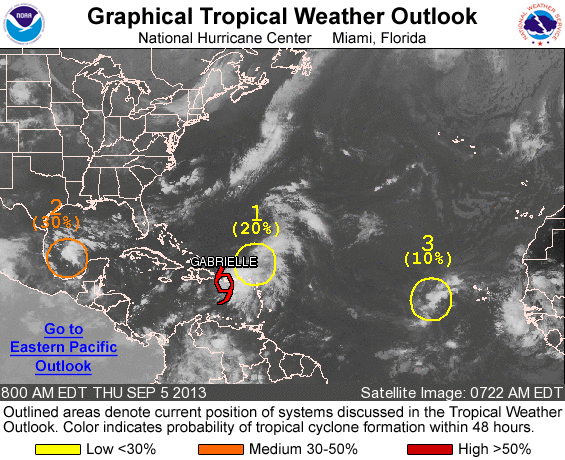
FOR THE NORTH ATLANTIC...CARIBBEAN SEA AND THE GULF OF MEXICO...

THE NATIONAL HURRICANE CENTER IS ISSUING ADVISORIES ON TROPICAL STORM GABRIELLE...LOCATED SOUTHWEST OF PUERTO RICO.

1. A LARGE AREA OF DISORGANIZED SHOWERS AND THUNDERSTORMS...ASSOCIATED WITH A SURFACE TROUGH...EXTENDS FROM THE NORTHEAST LEEWARD ISLANDS NORTHEASTWARD OVER THE ATLANTIC WATERS FOR SEVERAL HUNDRED MILES. ANY DEVELOPMENT OF THIS SYSTEM IS EXPECTED TO BE SLOW DUE TO ITS PROXIMITY TO TROPICAL STORM GABRIELLE AND STRONG UPPER-LEVEL WINDS. THIS SYSTEM HAS A LOW CHANCE...20 PERCENT...OF BECOMING A TROPICAL CYCLONE DURING THE NEXT 48 HOURS AS IT MOVES NORTHWESTWARD AT 10 TO 15 MPH. DEVELOPMENT IS NOT EXPECTED AFTER 48 HOURS...AND THIS SYSTEM HAS A LOW CHANCE...20 PERCENT...OF BECOMING A TROPICAL CYCLONE DURING THE NEXT 5 DAYS.

2. CLOUDINESS AND SHOWERS OVER THE SOUTHWESTERN GULF OF MEXICO HAVE INCREASED IN ASSOCIATION WITH A TROUGH OF LOW PRESSURE. FURTHER DEVELOPMENT OF THIS SYSTEM IS POSSIBLE BEFORE IT MOVES INLAND ALONG THE COAST OF MAINLAND MEXICO ON FRIDAY. THIS SYSTEM HAS A MEDIUM CHANCE...30 PERCENT...OF BECOMING A TROPICAL CYCLONE DURING THE NEXT 48 HOURS...AND A MEDIUM CHANCE...30 PERCENT...OF BECOMING A TROPICAL CYCLONE DURING THE NEXT 5 DAYS.

3. SHOWERS AND THUNDERSTORMS ASSOCIATED WITH A TROPICAL WAVE LOCATED ABOUT 450 MILES WEST-SOUTHWEST OF THE CAPE VERDE ISLANDS ARE SHOWING SOME SIGNS OF ORGANIZATION. HOWEVER...FURTHER DEVELOPMENT...IF ANY...IS EXPECTED TO BE LIMITED DUE TO DRY AIR...AND ENVIRONMENTAL CONDITIONS ARE FORECAST TO BECOME VERY UNFAVORABLE IN A COUPLE OF DAYS. THIS SYSTEM HAS A LOW CHANCE... 10 PERCENT...OF BECOMING A TROPICAL CYCLONE DURING THE NEXT 48 HOURS...AND A LOW CHANCE...10 PERCENT...OF BECOMING A TROPICAL CYCLONE DURING THE NEXT 5 DAYS WHILE IT MOVES TO THE WEST-NORTHWEST AT ABOUT 10 MPH.

OTHER SYSTEMS WITH FORMATION POTENTIAL BEYOND 48 HOURS...

A TROPICAL WAVE OVER AFRICA IS EXPECTED TO MOVE OVER THE FAR EASTERN ATLANTIC OCEAN IN A COUPLE OF DAYS...AND DEVELOPMENT OF THIS SYSTEM IS POSSIBLE OVER THE WEEKEND INTO EARLY NEXT WEEK. THIS SYSTEM HAS A LOW CHANCE...NEAR 0 PERCENT...OF BECOMING A TROPICAL CYCLONE DURING THE NEXT 48 HOURS...AND A MEDIUM CHANCE...30 PERCENT...OF BECOMING A TROPICAL CYCLONE DURING THE NEXT 5 DAYS.

PUBLIC ADVISORIES ON GABRIELLE ARE ISSUED UNDER WMO HEADER WTNT32 KNHC AND UNDER AWIPS HEADER MIATCPAT2...AND FORECAST/ADVISORIES ARE ISSUED UNDER WMO HEADER WTNT22 KNHC AND UNDER AWIPS HEADER MIATCMAT2.

FIVE-DAY FORMATION PROBABILITIES ARE EXPERIMENTAL IN 2013. COMMENTS ON THE EXPERIMENTAL FORECASTS CAN BE PROVIDED AT...

HTTP://WWW.NWS.NOAA.GOV/SURVEY/NWS-SURVEY.PHP?CODE=ETWO

FORECASTER BLAKE